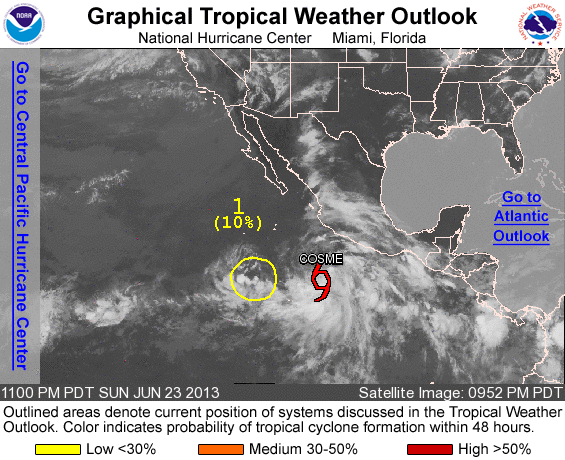
FOR THE EASTERN NORTH PACIFIC...EAST OF 140 DEGREES WEST LONGITUDE..

THE NATIONAL HURRICANE CENTER IS ISSUING ADVISORIES ON TROPICAL DEPRESSION THREE-E...LOCATED ABOUT 440 MILES SOUTH OF MANZANILLO MEXICO.

1. AN AREA OF LOW PRESSURE...LOCATED ABOUT 830 MILES SOUTHWEST OF MANZANILLO MEXICO...CONTINUES TO PRODUCE DISORGANIZED SHOWERS AND THUNDERSTORMS. SIGNIFICANT DEVELOPMENT OF THIS LOW IS NOT EXPECTED DUE TO ITS PROXIMITY TO THE LARGE CIRCULATION OF TROPICAL DEPRESSION THREE-E TO THE EAST...AND ALSO DUE TO UNFAVORABLE UPPER-LEVEL WINDS CREATED BY THE DEPRESSION. THIS SYSTEM HAS A LOW CHANCE...10 PERCENT...OF BECOMING A TROPICAL CYCLONE DURING THE NEXT 48 HOURS WHILE IT MOVES TOWARD THE SOUTHEAST OR EAST AT 5 TO 10 MPH.

ELSEWHERE...TROPICAL CYCLONE FORMATION IS NOT EXPECTED DURING THE NEXT 48 HOURS.

&&
PUBLIC ADVISORIES ON THREE-E ARE ISSUED UNDER WMO HEADER WTPZ33 KNHC AND UNDER AWIPS HEADER MIATCPEP3. FORECAST/ADVISORIES ON THREE-E ARE ISSUED UNDER WMO HEADER WTPZ23 KNHC AND UNDER AWIPS HEADER MIATCMEP3.

FORECASTER STEWART